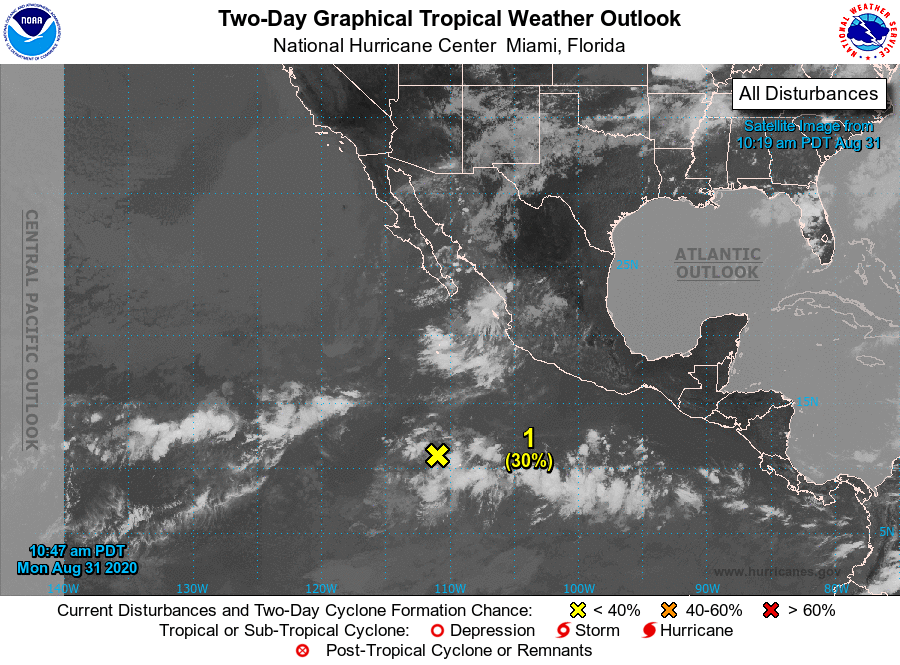
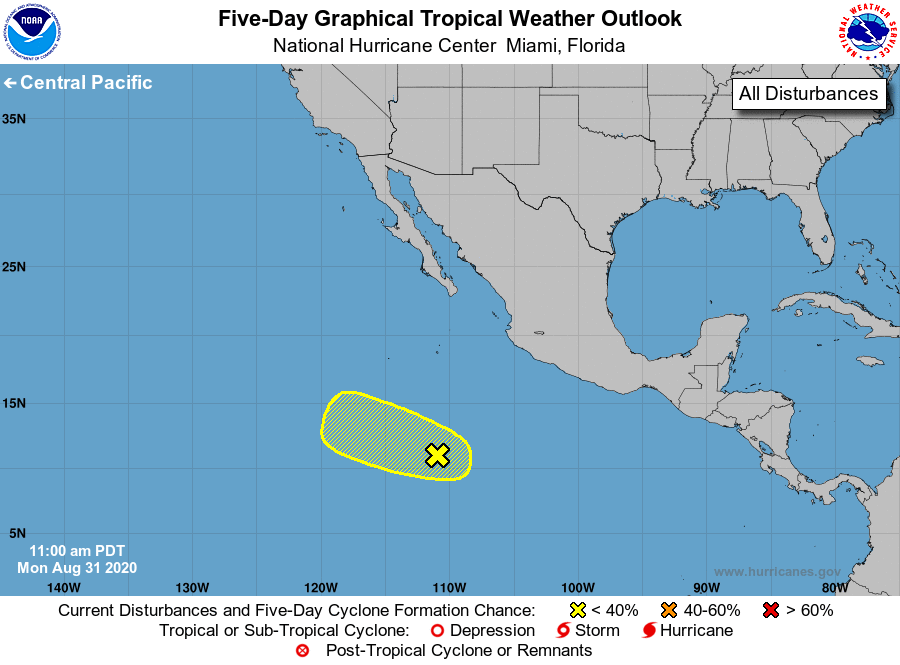
For the eastern North Pacific...east of 140 degrees west longitude:

1. A broad area of low pressure located several hundred miles southwest of the southwestern coast of Mexico continues to produce disorganized showers and thunderstorms. Some gradual development of this system is possible during the next couple of days while it moves slowly westward or west-northwestward. By mid-week, however, environmental conditions are expected to become less favorable for tropical cyclone formation.
* Formation chance through 48 hours...low...30 percent.
* Formation chance through 5 days...low...30 percent.

Forecaster Stewart